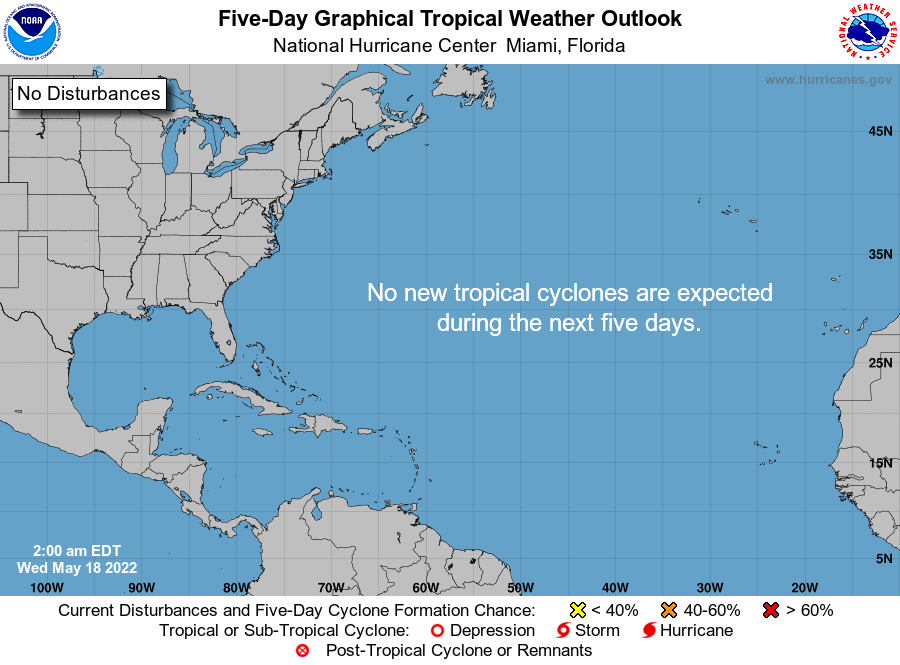
For the North Atlantic...Caribbean Sea and the Gulf of Mexico:

Tropical cyclone formation is not expected during the next 5 days.

Forecaster Reinhart